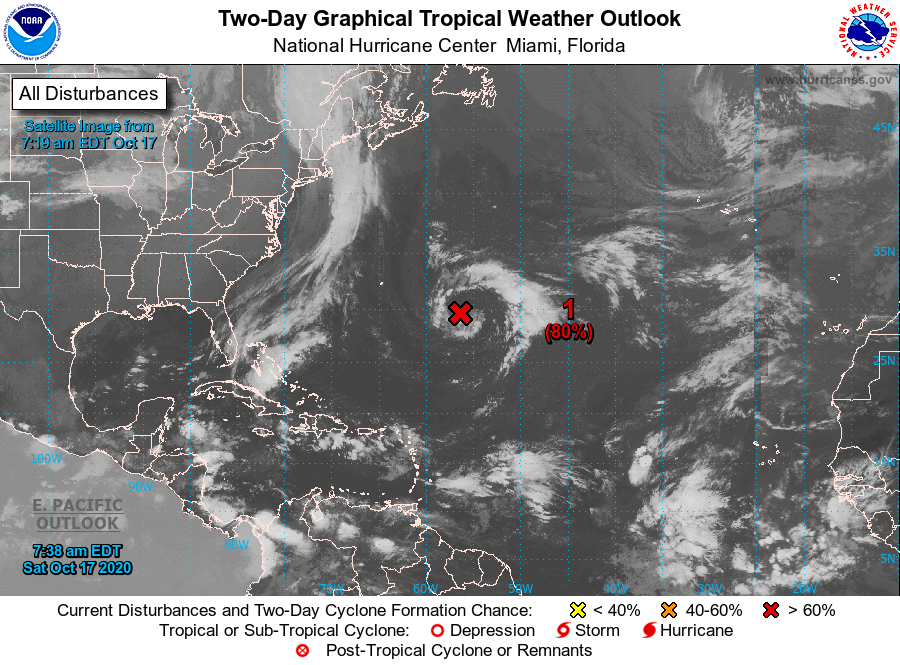
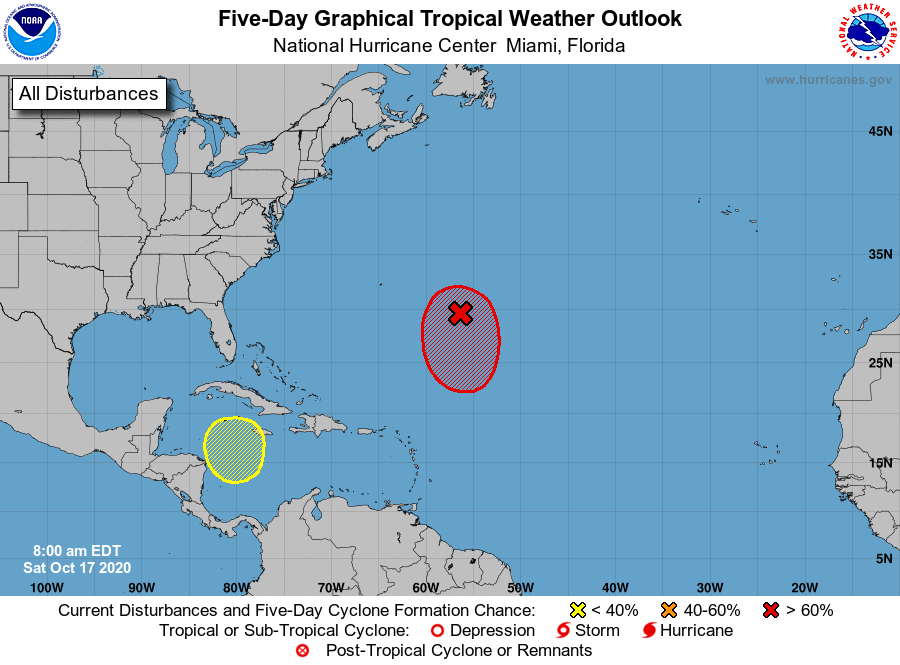
For the North Atlantic...Caribbean Sea and the Gulf of Mexico:

1. Showers and thunderstorms are showing some signs of organization in association with a non-tropical low pressure system located about 500 miles east-southeast of Bermuda. Continued slow development is expected, and a subtropical depression or storm is very likely to form during the next day or two while the low meanders well to the southeast of Bermuda.
* Formation chance through 48 hours...high...80 percent.
* Formation chance through 5 days...high...90 percent.

2. A broad area of low pressure is expected to form in a few days over the southwestern Caribbean Sea. Some gradual development of this system will be possible through the middle of next week while it moves slowly northward or north-northwestward over the western Caribbean Sea.
* Formation chance through 48 hours...low...near 0 percent.
* Formation chance through 5 days...low...30 percent.

Forecaster Blake